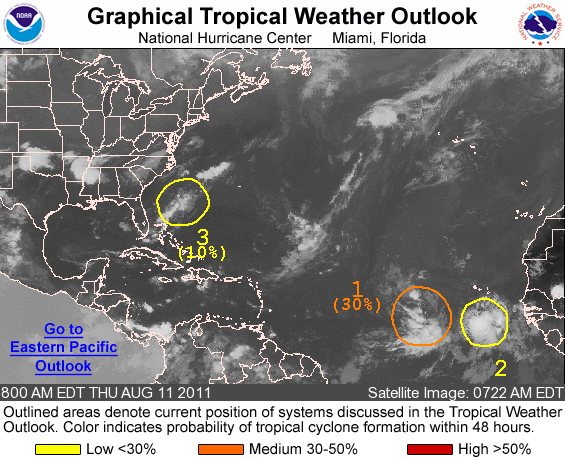
FOR THE NORTH ATLANTIC...CARIBBEAN SEA AND THE GULF OF MEXICO...

1. A BROAD AREA OF LOW PRESSURE CENTERED ABOUT 650 MILES WEST OF THE SOUTHERN CAPE VERDE ISLANDS IS PRODUCING A LARGE AREA OF DISORGANIZED SHOWERS AND THUNDERSTORMS. ALTHOUGH THIS DISTURBANCE HAS CHANGED LITTLE IN ORGANIZATION...ENVIRONMENTAL CONDITIONS APPEAR FAVORABLE FOR SOME SLOW DEVELOPMENT OVER THE NEXT SEVERAL DAYS. THIS SYSTEM HAS A MEDIUM CHANCE...30 PERCENT...OF BECOMING A TROPICAL CYCLONE DURING THE NEXT 48 HOURS AS IT MOVES WESTWARD AT 10 TO 15 MPH.

2. AN AREA OF DISTURBED WEATHER LOCATED ABOUT 300 MILES SOUTH-SOUTHEAST OF THE SOUTHERN CAPE VERDE ISLANDS IS MOVING WESTWARD AT ABOUT 15 MPH. SLOW DEVELOPMENT IS POSSIBLE OVER THE NEXT FEW DAYS AND THE SYSTEM HAS A LOW CHANCE...20 PERCENT...OF BECOMING A TROPICAL CYCLONE DURING THE NEXT 48 HOURS.

3. DISORGANIZED SHOWERS AND THUNDERSTORMS LOCATED OVER THE ATLANTIC ABOUT MIDWAY BETWEEN FLORIDA AND BERMUDA ARE ASSOCIATED WITH A BROAD TROUGH OF LOW PRESSURE. ANY DEVELOPMENT OF THIS DISTURBANCE SHOULD BE SLOW TO OCCUR AS IT MOVES NORTHEASTWARD AT AROUND 15 MPH. THIS SYSTEM HAS A LOW CHANCE...10 PERCENT...OF BECOMING A TROPICAL CYCLONE DURING THE NEXT 48 HOURS.

ELSEWHERE...TROPICAL CYCLONE FORMATION IS NOT EXPECTED DURING THE NEXT 48 HOURS.

FORECASTER STEWART